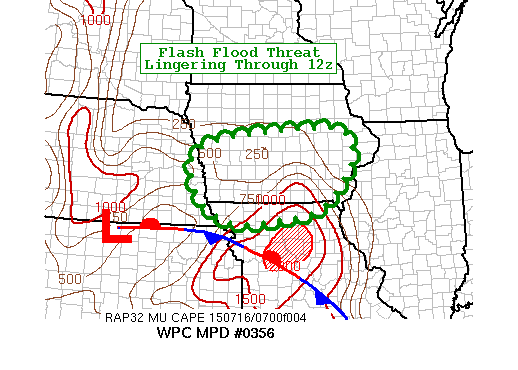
AREAS AFFECTED...NRN MISSOURI INTO SRN/CNTRL IOWA

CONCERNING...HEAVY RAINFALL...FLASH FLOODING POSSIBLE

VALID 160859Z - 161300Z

SUMMARY...A THREAT OF FLASH FLOODING IS EXPECTED TO CONTINUE FOR
ANOTHER FEW HOURS FROM NRN MISSOURI INTO IOWA BEFORE GRADUAL
DIMINISHING NEAR 12Z. AN ADDITIONAL 3-4 INCHES WILL BE
POSSIBLE...LIKELY ALONG THE CNTRL IOWA/MISSOURI BORDER.

DISCUSSION...IR SATELLITE IMAGERY AT 0815Z SHOWED A HEALTHY MCS
CENTERED OVER IOWA WITH TWO DISTINCT LOCATIONS OF STRONG UPDRAFTS
INDICATED BY CLOUD TOPS NEAR -75C OVER SWRN IOWA AND S-CNTRL IOWA.
RADAR IMAGERY SHOWED A BOWING SEGMENT IN MONTGOMERY AND PAGE
COUNTIES...ASSOCIATED WITH THE SWRN IOWA COLDER CLOUD
TOPS...MOVING ENE AROUND 30 KTS. REMAINING RADAR IMAGERY SHOWED
WIDESPREAD MODERATE TO LOCALLY VERY HEAVY RAINFALL WITH PERIODS OF
TRAINING. IMPRESSIVE OBSERVED RAINFALL IN NWRN MISSOURI THIS
MORNING WITH 8 INCHES IN LESS THAN 4 HOURS...AS REFERENCED IN
RECENT SPENES MESSAGE FROM 0818Z...ALONG WITH SLOWLY VEERING 850
MB FLOW ON KDMX VAD WIND PLOT.

AS THE CURRENT 850-700 MB CIRCULATION JUST WEST OF THE
NEBRASKA/IOWA BORDER CONTINUES TOWARD THE NORTHWEST THIS
MORNING...LOW LEVEL WINDS WILL CONTINUE TO VEER ACROSS IOWA.
HOWEVER...THE STRONGEST 850-700 MB FLOW IS EXPECTED TO TRANSLATE
INTO CNTRL AND ERN IOWA BY 15Z...PER RECENT RAP MODEL
GUIDANCE...WHICH SHOULD DISPLACE THE BETTER LOW LEVEL MOISTURE
FLUX AWAY FROM SUFFICIENT LINGERING INSTABILITY FOCUSED ALONG THE
IOWA/MISSOURI BORDER. THERE IS SOME POTENTIAL FOR THE FLASH FLOOD
THREAT TO LINGER ACROSS S-CNTRL IOWA THROUGH 15Z WHERE SWLY LOW
LEVEL FLOW WILL CONTINUE OVERRUNNING OF A QUASI-STATIONARY FRONT
EXTENDING SE TO NW ACROSS MISSOURI...BUT A CONSENSUS OF THE HI-RES
MODELS END THE HEAVY RAIN/FLASH FLOOD THREAT BY 13Z.